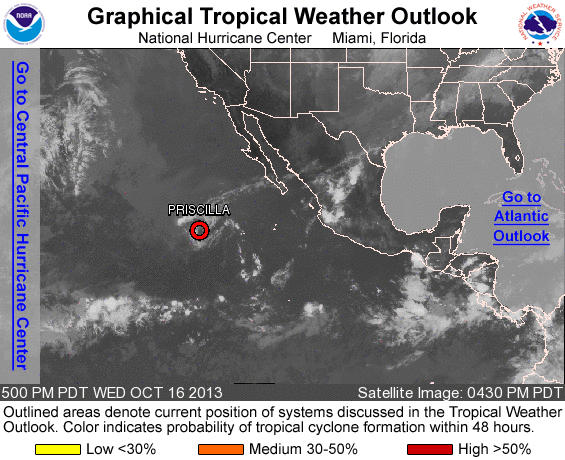
FOR THE EASTERN NORTH PACIFIC...EAST OF 140 DEGREES WEST LONGITUDE..

THE NATIONAL HURRICANE CENTER IS ISSUING ADVISORIES ON TROPICAL DEPRESSION PRISCILLA...LOCATED WELL WEST-SOUTHWEST OF THE SOUTHERN TIP OF THE BAJA CALIFORNIA PENINSULA.

TROPICAL CYCLONE FORMATION IS NOT EXPECTED DURING THE NEXT 48 HOURS.

OTHER SYSTEMS WITH FORMATION POTENTIAL BEYOND 48 HOURS...

A TROPICAL WAVE LOCATED OVER THE FAR EASTERN PACIFIC NEAR CENTRAL AMERICA IS PRODUCING DISORGANIZED SHOWERS AND THUNDERSTORMS. ALTHOUGH UPPER-LEVEL WINDS ARE CURRENTLY NOT FAVORABLE...THEY ARE EXPECTED TO BECOME MORE CONDUCIVE FOR SOME DEVELOPMENT BY THE WEEKEND. THIS SYSTEM HAS A LOW CHANCE...NEAR 0 PERCENT...OF BECOMING A TROPICAL CYCLONE DURING THE NEXT 48 HOURS...AND A MEDIUM CHANCE...30 PERCENT...OF BECOMING A TROPICAL CYCLONE DURING THE NEXT 5 DAYS WHILE IT MOVES WESTWARD AT 5 TO 10 MPH.

&&
FIVE-DAY FORMATION PROBABILITIES ARE EXPERIMENTAL IN 2013. COMMENTS ON THE EXPERIMENTAL FORECASTS CAN BE PROVIDED AT...

HTTP://WWW.NWS.NOAA.GOV/SURVEY/NWS-SURVEY.PHP?CODE=ETWO

FORECASTER BLAKE